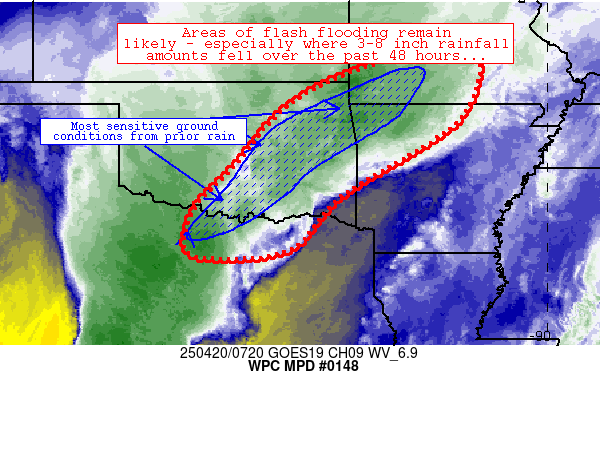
Areas affected...north-central Texas northeastward into the
Missouri Ozarks

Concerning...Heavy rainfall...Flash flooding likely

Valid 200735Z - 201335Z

Summary...Flash flood potential continues from far north-central
Texas through eastern Oklahoma.  Some of this potential should
spread into far northwestern Arkansas and southern Missouri as
well.

Discussion...Three linear convective complexes have materialized
and picked up forward progress along an axis extending from near
Joplin, MO south-southwestward through Ardmore, OK to near
Stephenville, TX and Del Rio, TX.  Because of the increase in
forward speed and upscale growth, the spatial extent of 1 inch/hr
rain rates have lessened substantially over the past two hours,
with only localized pockets noted per MRMS across southeastern
Oklahoma and west-central Texas.  Nevertheless, these rates are
falling on areas of lowered FFGs from prior rainfall over the past
24-36 hours.  MRMS Flash responses also remain elevated from
Jacksboro to Ardmore and near Muskogee.  The orientation of
ongoing MCSs will allow for rainfall to repeat across these areas,
preventing any recovery from earlier flash flooding in these areas
and potentially worsening runoff in some spots.

The ongoing MCSs should continue to move eastward, but models
suggest potential for stalling of forward progress especially
across eastern OK/northwestern AR as a closed upper low hangs back
over New Mexico.  The slowing MCSs and areas of convective mergers
should allow for continued flash flood potential especially in
areas that received prior heavy rainfall.  Again, FFGs remain
lowered from eastern OK into northwestern AR from 3-8 inches of
antecedent rain, and 1-1.5 inch/hr rain rates should continue at
least on a spotty basis for the next 3-6 hours across the
discussion area.